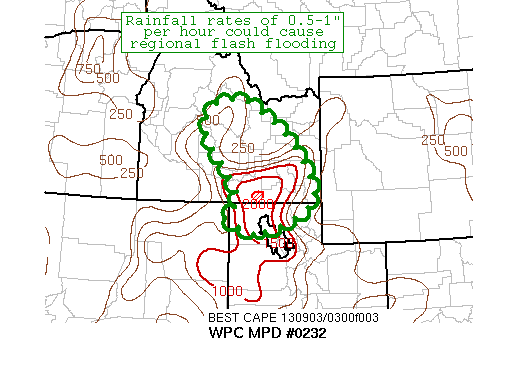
AREAS AFFECTED...NORTHERN UT...SOUTHEAST ID

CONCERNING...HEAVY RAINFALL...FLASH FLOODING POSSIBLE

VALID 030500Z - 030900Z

SUMMARY...SCATTERED TO NUMEROUS SHOWERS AND THUNDERSTORMS ARE
EXPECTED TO MOVE ACROSS NORTHERN UT AND SOUTHEAST ID OVER THE NEXT
SEVERAL HOURS, BRINGING THE POSSIBILITY OF REGIONAL FLASH FLOODING.

DISCUSSION...DIVERGENCE ALOFT EAST OF A DEEP CYCLONE LOCATED
OFFSHORE THE PACIFIC NORTHWEST IS INTERACTING WITH PRECIPITABLE
WATER VALUES OF AROUND 1.25 INCHES, WHICH ARE ABOVE THE 95TH
PERCENTILE FOR EARLY SEPTEMBER, ALONG WITH AREA TOPOGRAPHY TO
SUPPORT SCATTERED TO NUMEROUS SHOWERS AND THUNDERSTORMS ACROSS
NORTHWEST UT AND SOUTHERN ID.  WHILE LOW-LEVEL WIND SHEAR IS WEAK,
0-8 KM SHEAR ACROSS THE REGION IS AROUND 30 KNOTS, WHICH APPEARS
TO BE HELPING OUT THUNDERSTORM DEVELOPMENT.  CAPE VALUES AROUND
2000 J/KG ARE ALSO FEEDING THE THUNDERSTORM ACTIVITY. RADAR
ESTIMATES OF RAINFALL RATES ARE 0.50-1 INCH PER HOUR IN THIS
REGION, WHICH COULD EXCEED FLASH FLOOD GUIDANCE REGIONALLY.

THUNDERSTORM ACTIVITY IS EXPECTED TO REMAIN SOMEWHAT PROGRESSIVE,
AS CORFIDI VECTORS AND THE 850-400 HPA MEAN WIND SUGGEST CELL
MOTION OF 10-15 KNOTS TO THE NORTHEAST.  LOCAL AMOUNTS OF 1-2
INCHES ARE POSSIBLE WHERE CELLS TRAIN.  AS THESE STORMS ARE MAINLY
CAPE-DRIVEN, EXPECT THE AREA OF THUNDERSTORM ACTIVITY TO SLOWLY
DECREASE WITH TIME.  BOTH THE 03Z RAP AND 00Z ARW ADVERTISE CAPES
TO REGIONALLY REMAIN ABOVE 1000 J/KG UNTIL AROUND 09Z, WHICH WAS
SELECTED AS THE VALID TIME.  CONFIDENCE IN THE ABOVE EVENTS
TRANSPIRING AS EXPECTED IS AVERAGE.